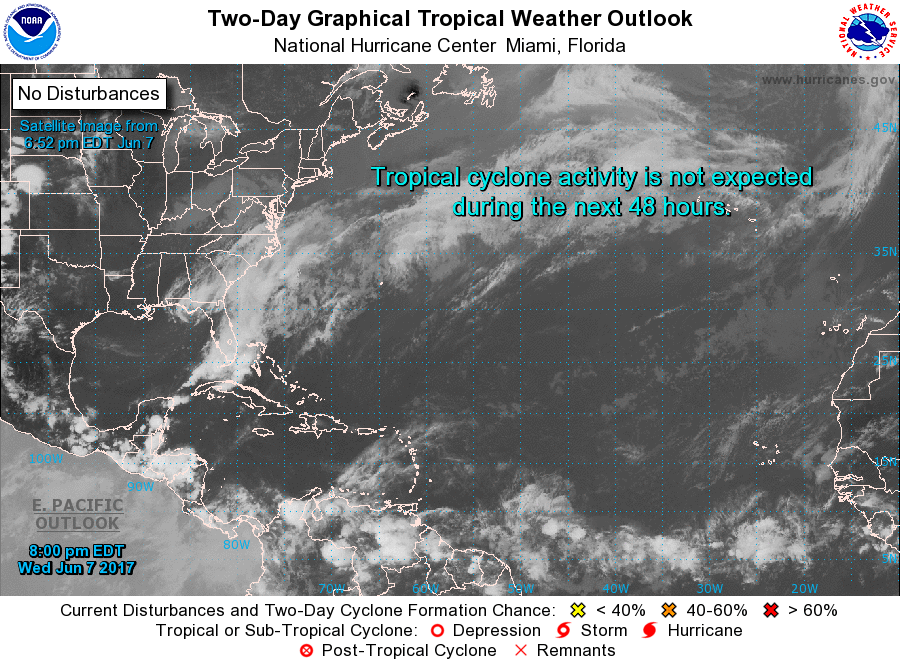
For the North Atlantic...Caribbean Sea and the Gulf of Mexico:

Tropical cyclone formation is not expected during the next 5 days.

Forecaster Cangialosi